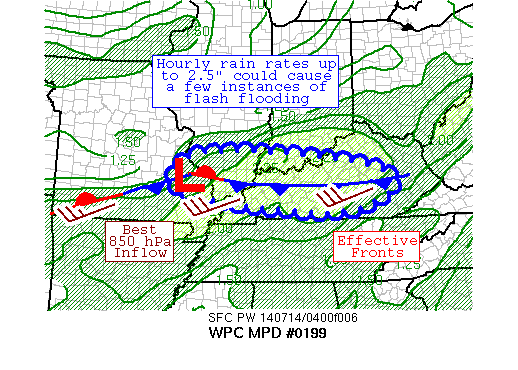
AREAS AFFECTED...SOUTHEAST MO, SOUTHERN IL, WESTERN & CENTRAL KY

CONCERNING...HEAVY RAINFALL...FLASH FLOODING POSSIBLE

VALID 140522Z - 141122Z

SUMMARY...A BAND OF THUNDERSTORMS IS TRYING TO FORM AHEAD OF AN
MCV WHICH IS EXPECTED TO SLOWLY EDGE SOUTHWARD AS THE CELLS
ATTEMPT TO TRAIN.  A FEW OCCURRENCES OF FLASH FLOODING ARE
POSSIBLE.

DISCUSSION...AN MCV HAS FORMED WITH A CONVECTIVE COMPLEX IN
MISSOURI AND A WARM ADVECTION BAND HAS FORMED JUST AHEAD OF IT,
EXTENDING INTO SOUTHERN IL.  RADAR INDICATES RAINFALL RATES
APPROACHING 2" AN HOUR WITHIN THIS SHORT BAND.  THE CONVECTIVE
ACTIVITY HAS FORMED NORTH OF A WEAK THERMAL BOUNDARY DUE TO CIN IN
ITS VICINITY, ACCORDING TO THE 00Z ARW.  PRECIPITABLE WATER VALUES
OF 2" ARE IN THE REGION, AND 25-30 KTS OF INFLOW AT 850 HPA IS
IMPORTING CAPES OF 1000-3000 J/KG FROM THE WARM SECTOR SOUTH OF
THE EFFECTIVE FRONTAL ZONE, WHICH CONTINUES DROPPING SLOWLY
SOUTHWARD INTO KY.

THE RAP AND ARW GUIDANCE INDICATE THAT THE BAND SHOULD CONTINUE
DROPPING SLOWLY SOUTHWARD WITH TIME.  THE MESOSCALE QPF OUTPUT HAS
INCREASED ITS AMOUNTS IN THIS AREA FROM THEIR 12Z AND 18Z RUNS,
SHOWING LOCAL 2-4" POSSIBLE AMONGST THE MORE RELIABLE GUIDANCE.
DRY AIR IN THE 850-700 HPA LAYER OF AREA SOUNDINGS SHOULD CONTINUE
TO ALLOW FOR AN EAST TO EAST-SOUTHEAST MOTION OVERNIGHT FARTHER
INTO KY WITH TIME AS OUTFLOW BOUNDARIES FROM THE CONVECTION EDGE
IT FARTHER TO THE SOUTH WHILE CELLS POTENTIALLY TRAIN TO ITS
NORTH.  THIS COULD INCREASE THE INFLOW PROFILE ALONG THE BOUNDARY
AND MAGNIFY RAINFALL RATES SOMEWHAT WITH TIME.  FLASH FLOOD
GUIDANCE VALUES ARE RELATIVELY HIGH, IN THE 3-4" IN THREE HOUR
RANGE.  HOURLY RAIN RATES UP TO 2.5" AN HOUR WHERE CELLS TRAIN
WITH LOCAL AMOUNTS OF 2-4" COULD CAUSE A FEW INSTANCES OF FLASH
FLOODING.